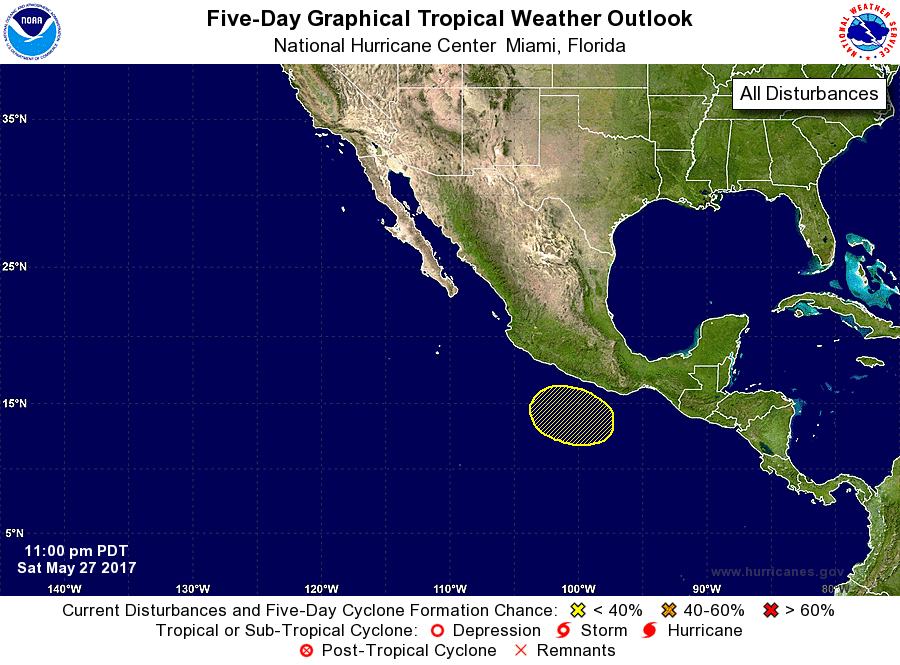
For the eastern North Pacific...east of 140 degrees west longitude:

1. An area of low pressure is likely to form a couple of hundred miles south of the southern coast of Mexico by the middle of next week. Some development of this system is possible while it moves slowly to the south of the Mexican coast.
* Formation chance through 48 hours...low...near 0 percent.
* Formation chance through 5 days...low...30 percent.

Forecaster Beven